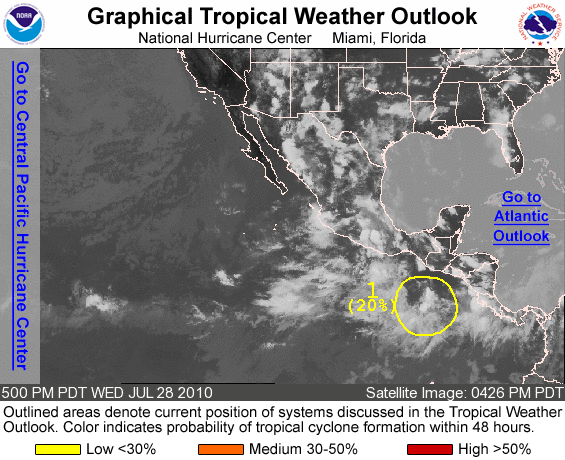
FOR THE EASTERN NORTH PACIFIC...EAST OF 140 DEGREES WEST LONGITUDE..

1. A BROAD LOW PRESSURE SYSTEM LOCATED ABOUT 300 MILES SOUTH OF GUATEMALA IS PRODUCING WIDESPREAD CLOUDINESS AND SCATTERED THUNDERSTORMS. ENVIRONMENTAL CONDITIONS ARE SOMEWHAT CONDUCIVE FOR GRADUAL DEVELOPMENT OF THIS DISTURBANCE OVER THE NEXT FEW DAYS AS IT MOVES WESTWARD OR WEST-NORTHWESTWARD AT 10 TO 15 MPH. THERE IS A LOW CHANCE...20 PERCENT...OF THIS SYSTEM BECOMING A TROPICAL CYCLONE DURING THE NEXT 48 HOURS.

ELSEWHERE...TROPICAL CYCLONE FORMATION IS NOT EXPECTED DURING THE NEXT 48 HOURS.

FORECASTER STEWART